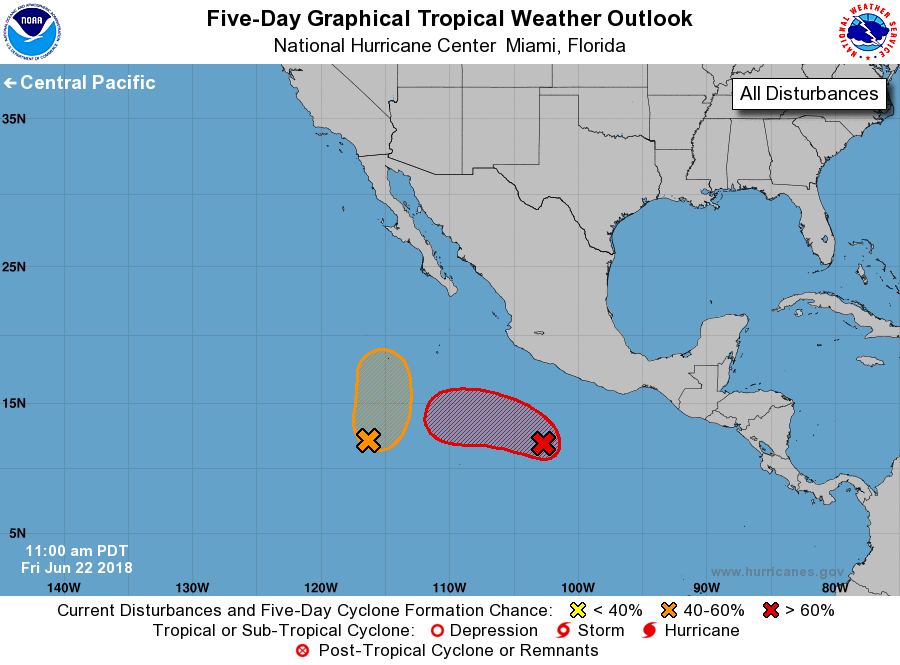
For the eastern North Pacific...east of 140 degrees west longitude:

1. Showers and thunderstorms are increasing near a broad area of low pressure located several hundred miles south-southwest of Acapulco, Mexico. Upper-level winds are expected to become more conducive for development over the next day or so, and a tropical depression is likely to form early next week while the disturbance moves westward to west-northwestward at 5 to 10 mph away from the coast of Mexico.
* Formation chance through 48 hours...low...30 percent.
* Formation chance through 5 days...high...70 percent.

2. A second broad and elongated area of low pressure located about 800 miles south-southwest of the southern tip of the Baja California peninsula continues to produce shower and thunderstorm activity, which has increased slightly in organization. Environmental conditions are expected to be somewhat conducive for development over the next few days, and a tropical depression could form over the weekend while the disturbance moves toward the north or north-northeast at about 5 mph over the open eastern North Pacific. The system is expected to reach cooler waters early next week, which will limit the potential for development.
* Formation chance through 48 hours...medium...40 percent
* Formation chance through 5 days...medium...50 percent

Forecaster Berg